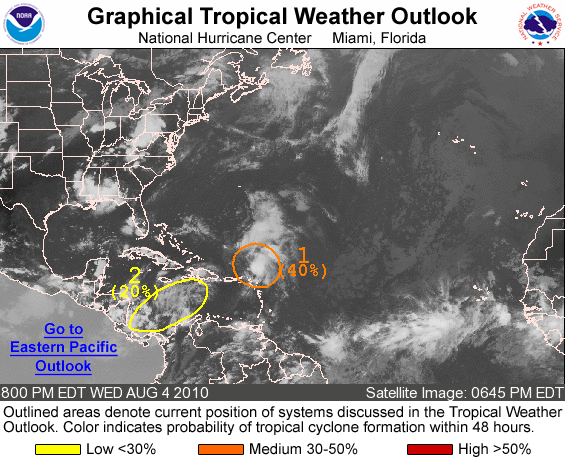
FOR THE NORTH ATLANTIC...CARIBBEAN SEA AND THE GULF OF MEXICO...

1. SATELLITE IMAGES INDICATE THAT THE CLOUD PATTERN ASSOCIATED WITH THE REMNANTS OF TROPICAL STORM COLIN IS GRADUALLY BECOMING BETTER ORGANIZED BUT THE SYSTEM LACKS A WELL-DEFINED CENTER. TROPICAL STORM FORCE WINDS ARE ALREADY OCCURRING OVER WATER WELL TO THE NORTHEAST OF THE LEEWARD ISLANDS AND ALTHOUGH UPPER LEVEL WINDS ARE NOT FAVORABLE FOR SIGNIFICANT DEVELOPMENT...THE SYSTEM HAS THE POTENTIAL TO REGAIN TROPICAL STORM STATUS ON THURSDAY AS IT MOVES TOWARD THE WEST-NORTHWEST OR NORTHWEST AT 20 TO 25 MPH. THERE IS A MEDIUM CHANCE...40 PERCENT...OF THIS SYSTEM BECOMING A TROPICAL CYCLONE DURING THE NEXT 48 HOURS.

2. A TROPICAL WAVE IS PRODUCING CLOUDINESS AND THUNDERSTORMS BETWEEN COLOMBIA AND JAMAICA. ALTHOUGH THIS ACTIVITY HAS NOT BECOME ANY BETTER ORGANIZED DURING THE PAST SEVERAL HOURS...SOME DEVELOPMENT IS POSSIBLE DURING THE NEXT DAY OR TWO BEFORE THE WAVE BEGINS TO INTERACT WITH CENTRAL AMERICA. THERE IS A LOW CHANCE...20 PERCENT...OF THIS SYSTEM BECOMING A TROPICAL CYCLONE DURING THE NEXT 48 HOURS.

ELSEWHERE...TROPICAL CYCLONE FORMATION IS NOT EXPECTED DURING THE NEXT 48 HOURS.

FORECASTER AVILA